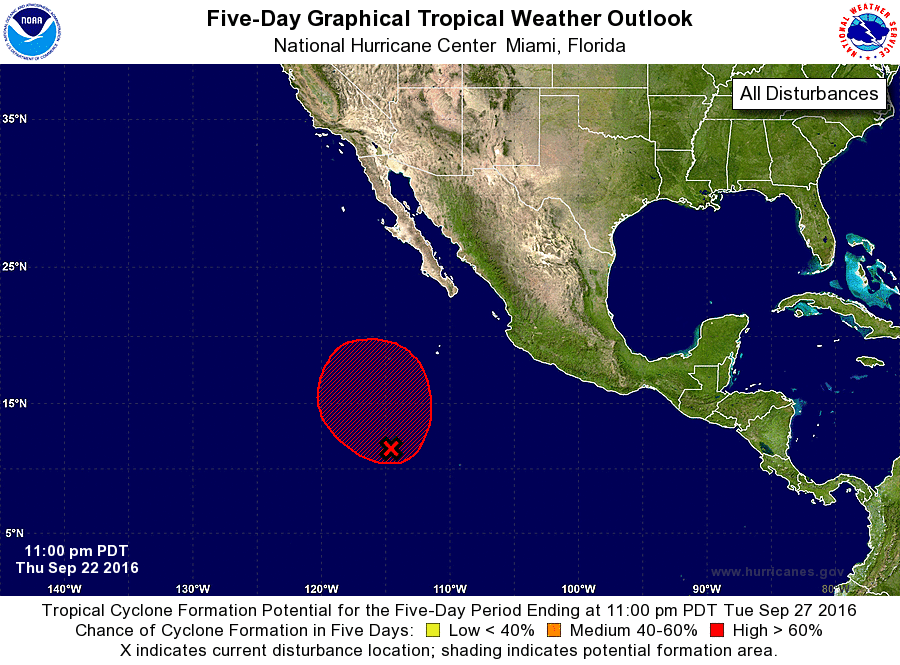
For the eastern North Pacific...east of 140 degrees west longitude:

1. A broad area of low pressure located about 800 miles south-southwest of the southern tip of the Baja California peninsula is gradually becoming better organized. Environmental conditions are forecast to support the development of a tropical depression over the weekend while the disturbance moves slowly toward the northwest and then north at about 5 to 10 mph.
* Formation chance through 48 hours...high...70 percent
* Formation chance through 5 days...high...90 percent

Forecaster Blake